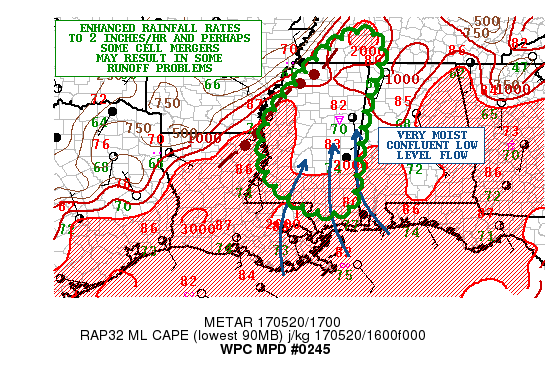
AREAS AFFECTED...SOUTHWEST TN...MS

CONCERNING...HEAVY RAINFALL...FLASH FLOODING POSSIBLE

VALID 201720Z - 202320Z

SUMMARY...NUMEROUS SHOWERS AND THUNDERSTORMS ARE EXPECTED THIS
AFTERNOON. GIVEN THE INTENSE RAINFALL RATES AND LOCALLY SLOW CELL
MOTION...SOME RUNOFF PROBLEMS AND FLASH FLOODING WILL BE POSSIBLE.

DISCUSSION...EXPERIMENTAL GOES-16 VIS IMAGERY SHOWS A LARGE FIELD
OF CU/TCU ACROSS MUCH OF SOUTHWEST TN...MS AND AL EARLY THIS
AFTERNOON WITH AN ALREADY EXPANDING AXIS OF SHOWERS AND
THUNDERSTORMS IN A N/S FASHION ACROSS THE EASTERN THIRD OF MS AND
INTO PARTS OF WESTERN AL WITH SOME OF THIS NOSING UP INTO
SOUTHWEST TN AS WELL. THE CONVECTION IS ALIGNED QUITE WELL WITH
THE MODESTLY CONFLUENT BUT VERY MOIST SOUTHERLY FLOW COMING IN OFF
THE GULF OF MEXICO...AND IS EXPECTED TO CONTINUE TO EXPAND A BIT
IN COVERAGE OVER THE NEXT FEW HOURS AS DIURNAL HEATING CONTINUES
AND BOUNDARY LAYER INSTABILITY INCREASES. GIVEN THE FAIR DEGREE OF
LOW LEVEL CONFLUENCE...THE ACTIVITY MAY TEND TO ORIENT OR FOCUS A
BIT MORE IN SOME N/S BANDS WHERE IT MAY BE ABLE TO REPEAT OVER THE
SAME AREA. THIS MAY RESULT IN SOME ENHANCED RAINFALL TOTALS AS A
RESULT.

WE WILL ALSO BE WATCHING THIS AFTERNOON THE ARRIVAL OF A
CONVECTIVELY ACTIVE OUTFLOW BOUNDARY WHICH IS NOW COMING INTO
NORTHWEST MS AND ADVANCING SOUTHEASTWARD. THIS LONG-LIVED OUTFLOW
BOUNDARY WITH ORIGINS TO LAST EVENINGS CONVECTION OVER PARTS OF
OK/AR WILL POTENTIALLY MERGE IN A FEW HOURS WITH SOME OF THE
AIRMASS CONVECTION CURRENTLY EXPANDING OVER PARTS OF
CENTRAL/EASTERN MS. THIS WILL ALSO ENHANCE RAINFALL AMOUNTS.

FFG VALUES ARE QUITE HIGH ACROSS THE REGION...SO WIDESPREAD FLASH
FLOODING IS NOT EXPECTED...BUT GIVEN THE PW ENVIRONMENT OF 1.6 TO
1.8 INCHES AND INCREASING INSTABILITY...THE RAINFALL RATES WILL BE
INTENSE AND SHOULD REACH UP OVER 2 INCHES/HR. THIS COUPLED WITH
SOME OF THE AFOREMENTIONED REPEATING CELL ACTIVITY AND
CELL-MERGERS MAY RESULT IN AT LEAST SOME LOCALIZED FLASH FLOODING
OR RUNOFF PROBLEMS. EXPECT LOCALLY AS MUCH AS 2 TO 4 INCHES OF
RAIN WITH ISOLATED HEAVIER AMOUNTS THROUGH THE LATE-AFTERNOON
HOURS AND THIS IS GENERALLY CONSISTENT WITH THE LATEST HRRR
GUIDANCE.